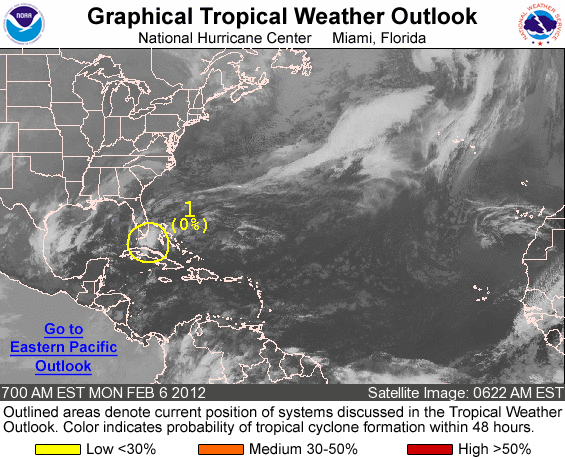
FOR THE NORTH ATLANTIC...CARIBBEAN SEA AND THE GULF OF MEXICO...

1. A BROAD AREA OF LOW PRESSURE EXTENDING FROM WESTERN CUBA NORTHWARD INTO THE FLORIDA STRAITS IS INTERACTING WITH A MID TO UPPER-LEVEL TROUGH. WHILE THIS SYSTEM IS PRODUCING A LARGE AREA OF SHOWERS AND THUNDERSTORMS...THERE ARE NO SIGNS OF AN ORGANIZED SURFACE CIRCULATION AND UPPER-LEVEL WINDS ARE EXPECTED TO BECOME LESS FAVORABLE FOR SUBTROPICAL CYCLONE FORMATION DURING THE DAY TODAY. THIS SYSTEM HAS A LOW CHANCE...NEAR 0 PERCENT...OF BECOMING A SUBTROPICAL CYCLONE DURING THE NEXT 48 HOURS. REGARDLESS OF ANY ADDITIONAL DEVELOPMENT...THIS SYSTEM WILL PRODUCE WIDESPREAD RAINFALL AND ISOLATED GUSTY WINDS OVER PORTIONS OF NORTHERN CUBA...THE FLORIDA KEYS AND SOUTH FLORIDA TODAY AS IT MOVES GENERALLY NORTHEASTWARD NEAR 15 MPH.

ADDITIONAL INFORMATION ON THIS SYSTEM CAN BE FOUND IN OFFSHORE WATERS FORECASTS ISSUED BY THE NATIONAL WEATHER SERVICE...UNDER AWIPS HEADER MIAOFFNT3 AND WMO HEADER FZNT23 KNHC...AND IN PRODUCTS ISSUED BY YOUR LOCAL NATIONAL WEATHER SERVICE FORECAST OFFICE. THIS WILL BE THE LAST SPECIAL TROPICAL WEATHER OUTLOOK ISSUED ON THIS SYSTEM.

ELSEWHERE...TROPICAL CYCLONE FORMATION IS NOT EXPECTED DURING THE NEXT 48 HOURS.

FORECASTER BRENNAN